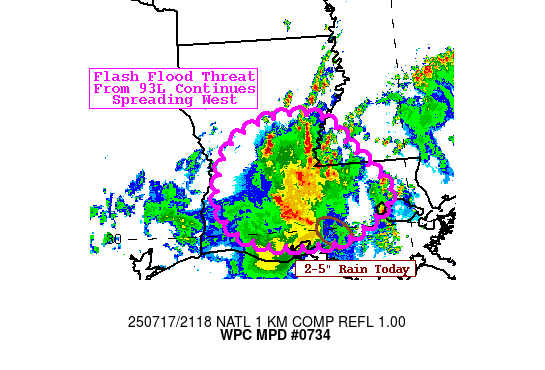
Areas affected...Louisiana

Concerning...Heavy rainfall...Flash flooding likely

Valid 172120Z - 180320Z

Summary...Flash flood threat continues to expand west through this
evening over central Louisiana from bands ahead of 93L.

Discussion...Banded convection on the leading/western side of 93L
continues to be intense with the main band crossing I-49 around
21Z. The orientation and repeating of these bands are tied to an
axis of deep-layer moisture convergence focused along the western
flank of the circulation, with very moist and unstable inflow
characterized by 2500-3000 J/kg SBCAPE and 2.5" PWATs.

This low-level convergence axis will continue to slowly pivot
ahead of 93L. The extremely moist and unstable environment should
favor continued development along this boundary with
backbuilding/repeating owing to NWly deep layer mean flow oriented
with the heaviest bands which are on the NW side of 93L. Recent
HRRR runs are a little slow with the activity, but are decent with
placement of the heaviest QPF. Further development on the east
side back toward Lake Pontchartrain is indicated by the HRRR and
likely given the instability axis there though the main heavy rain
threat should be west of New Orleans now.  Other vulnerable metro
areas like Baton Rouge and Lafayette are still under threat
through this evening. Scattered instances of flash flooding should
continue through this evening even if further development avoids
the heaviest rainfall areas from this afternoon (2-5") north of
Morgan City as indicated by recent CAMs. Downstream MPDs are
likely to be needed overnight.